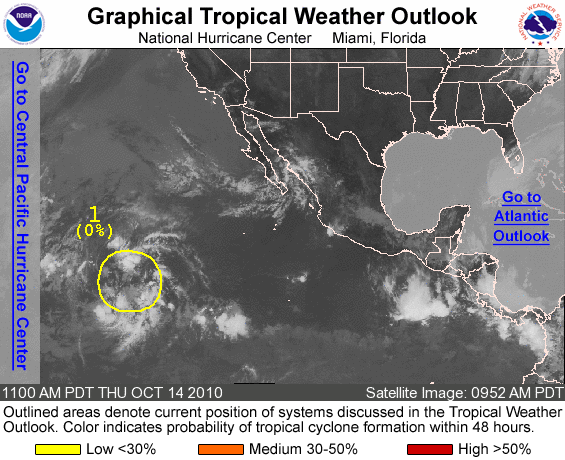
FOR THE EASTERN NORTH PACIFIC...EAST OF 140 DEGREES WEST LONGITUDE..

1. SHOWERS AND THUNDERSTORMS REMAIN DISORGANIZED IN ASSOCIATION WITH A SURFACE TROUGH LOCATED ABOUT 1450 MILES WEST-SOUTHWEST OF THE SOUTHERN TIP OF BAJA CALIFORNIA. CONDITIONS DO NOT APPEAR FAVORABLE FOR DEVELOPMENT...AND THERE IS A LOW CHANCE...NEAR 0 PERCENT...OF THIS SYSTEM BECOMING A TROPICAL CYCLONE DURING THE NEXT 48 HOURS AS IT MOVES WESTWARD OR WEST-NORTHWESTWARD AT ABOUT 10 MPH.

ELSEWHERE...TROPICAL CYCLONE FORMATION IS NOT EXPECTED DURING THE NEXT 48 HOURS.

FORECASTER BRENNAN